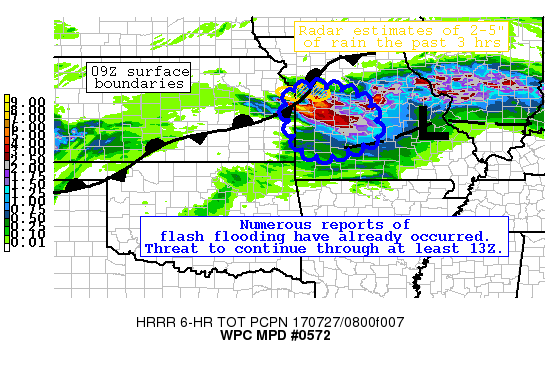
AREAS AFFECTED...WEST-CENTRAL TO SOUTHWESTERN MO...

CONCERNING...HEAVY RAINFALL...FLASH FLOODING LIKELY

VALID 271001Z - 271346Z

SUMMARY...HEAVY RAINFALL OVERNIGHT HAS PRODUCED A NUMBER OF FLASH
FLOOD REPORTS...PARTICULARLY AROUND THE KANSAS CITY METRO AREA.
THE WESTERN FLANK OF THE PRECIPITATION SHIELD WILL GRADUALLY NOSE
SOUTHWARD SPREADING INTENSE RAINFALL RATES ON THE ORDER OF 2
INCHES/HOUR. FLASH FLOODING IS LIKELY...PARTICULARLY OVER
LOCATIONS WHICH HAVE BEEN ON THE RECEIVING END OF THIS EVENT.

DISCUSSION...AN ACTIVE NIGHT OF CONVECTION HAS DROPPED ABUNDANT
RAINFALL ACROSS AREAS OF WEST-CENTRAL MO. IN PARTICULAR...THE
KANSAS CITY METRO AREA SAW A BRUNT OF THIS ACTIVITY WITH LOCAL
GAUGE DATA SHOWING A WIDESPREAD 4 TO 7 INCHES OF RAIN SINCE
MIDNIGHT. A SLEW OF FLASH FLOOD REPORTS WERE NOTED IN THAT REGION
INCLUDING A NUMBER OF WATER RESCUES. DUAL-POL RADAR DATA INDICATES
HOURLY RAINFALL RATES HAVE APPROACHED THE 2 TO 2.50 INCH RANGE
WHICH SEEMS REASONABLE BASED ON WHAT HAS OCCURRED. RECENT
RADAR/SATELLITE IMAGERY SHOWS THE CONVECTIVE CLUSTER HAS BEGUN TO
SLOWLY SINK SOUTHWARD WITH THE CONTINUED POTENTIAL FOR FLASH
FLOODING. GIVEN THE 09Z RAP OBJECTIVE ANALYSIS SHOWS SUFFICIENT
INSTABILITY RESIDING SOUTH OF THE CONVECTION...WOULD EXPECT LITTLE
CHANGE IN ORGANIZATION WITH A GRADUAL PUSH SOUTHWARD TOWARD THE
BETTER RESERVOIR OF BUOYANCY.

WHILE THE 00Z NSSL-WRF WAS INITIALLY DOING A DECENT JOB HANDLING
THE CONVECTION...IT IS TOO FAR WEST. RATHER...THE 08Z HRRR/07Z
EXPERIMENTAL HRRR SEEM TO BE IN LINE WITH THE CURRENT RADAR
IMAGERY. THESE SOLUTIONS FAVOR AROUND 3 TO 5 INCHES OF RAINFALL
DURING THE NEXT FEW HOURS WHICH WILL MAINTAIN A FLASH FLOOD RISK.